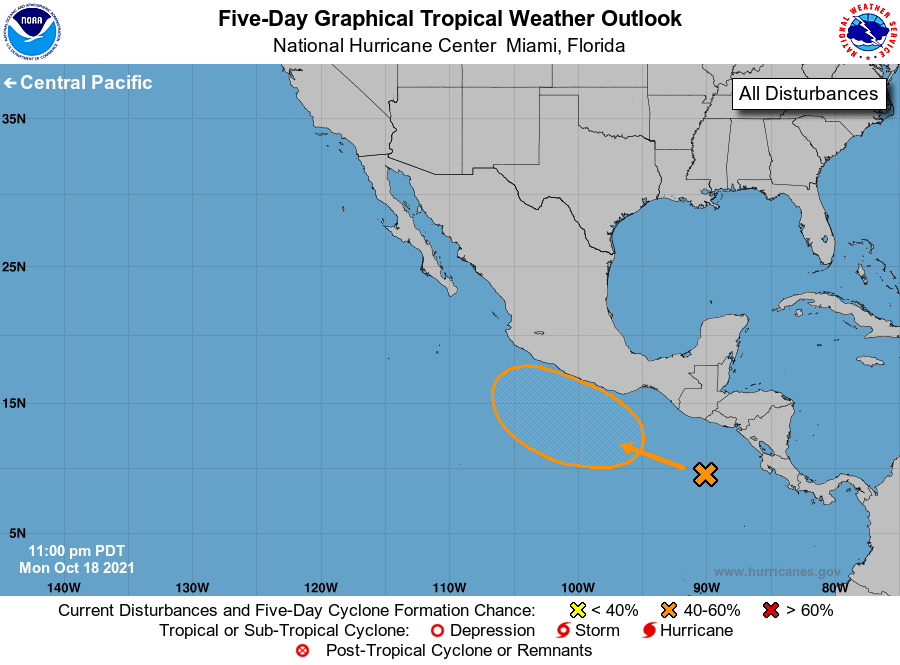
For the eastern North Pacific...east of 140 degrees west longitude:

1. An area of disturbed weather is located a few hundred miles south of the coasts of Guatemala and El Salvador. Environmental conditions are expected to be conducive for gradual development of this system during the next several days, and a tropical depression could form late this week or this weekend while the system moves west-northwestward to northwestward near or just off the coast of southern Mexico.
* Formation chance through 48 hours...low...near 0 percent.
* Formation chance through 5 days...medium...60 percent.

Forecaster Cangialosi